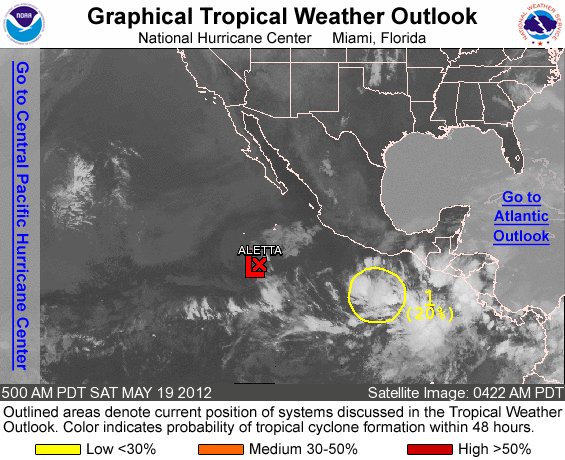
FOR THE EASTERN NORTH PACIFIC...EAST OF 140 DEGREES WEST LONGITUDE..

THE NATIONAL HURRICANE CENTER IS ISSUING ADVISORIES ON TROPICAL DEPRESSION ALETTA...LOCATED ABOUT 605 MILES SOUTH-SOUTHWEST OF THE SOUTHERN TIP OF BAJA CALIFORNIA.

1. A NEARLY STATIONARY AREA OF LOW PRESSURE LOCATED SEVERAL HUNDRED MILES SOUTH OF ACAPULCO MEXICO CONTINUES TO PRODUCE DISORGANIZED SHOWERS AND THUNDERSTORMS. SLOW DEVELOPMENT OF THIS SYSTEM IS POSSIBLE OVER THE NEXT COUPLE OF DAYS AS IT MOVES LITTLE. THIS SYSTEM HAS A LOW CHANCE...20 PERCENT...OF BECOMING A TROPICAL CYCLONE DURING THE NEXT 48 HOURS.

ELSEWHERE...TROPICAL CYCLONE FORMATION IS NOT EXPECTED DURING THE NEXT 48 HOURS.

FORECASTER CANGIALOSI